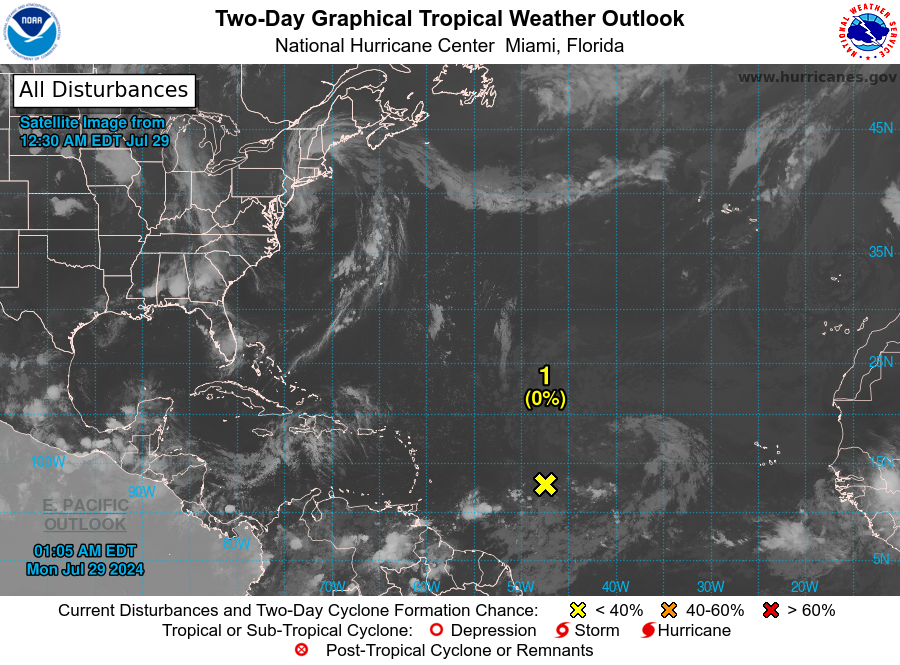
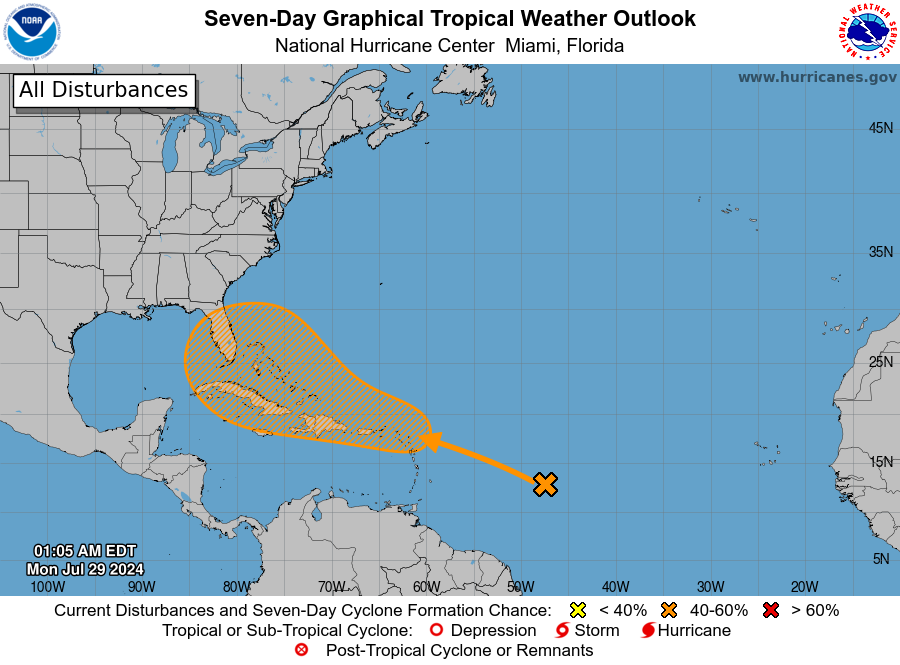
For the North Atlantic...Caribbean Sea and the Gulf of Mexico:

1. Near the Leeward Islands and Greater Antilles: An area of disturbed weather over the central tropical Atlantic Ocean is expected to interact with an approaching tropical wave during the next couple of days. Environmental conditions are forecast to become conducive for some development thereafter, and a tropical depression could form mid to late week while the system is in the vicinity of the northern Leeward Islands, Greater Antilles, southwestern Atlantic Ocean or the southeastern Bahamas.
* Formation chance through 48 hours...low...near 0 percent.
* Formation chance through 7 days...medium...50 percent.

Forecaster Blake